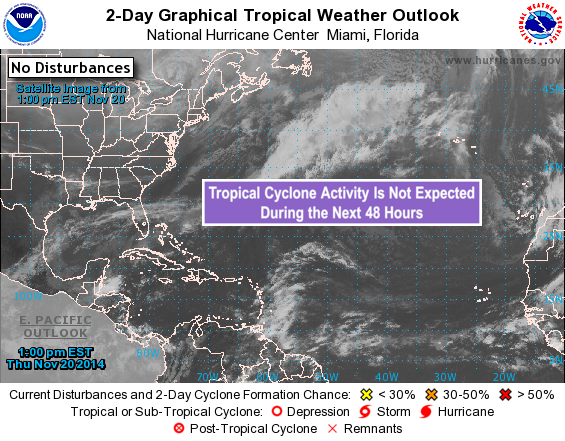
For the North Atlantic...Caribbean Sea and the Gulf of Mexico:

Tropical cyclone formation is not expected during the next 5 days.

Forecaster Brown